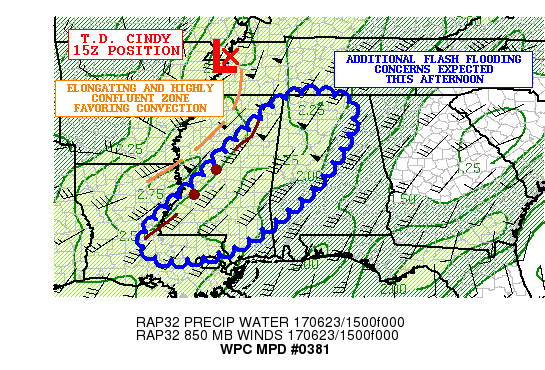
AREAS AFFECTED...SOUTH-CENTRAL LA...MS...WESTERN/NORTHERN AL

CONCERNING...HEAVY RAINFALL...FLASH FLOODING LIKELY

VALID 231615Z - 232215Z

SUMMARY...VERY HEAVY SHOWERS AND THUNDERSTORMS WITH TRAINING CELLS
ARE EXPECTED TO PRODUCE FLASH FLOODING OVER THE NEXT SEVERAL
HOURS...WITH THE FOCUS GRADUALLY SHIFTING EAST WITH TIME.

DISCUSSION...T.D. CINDY CONTINUES TO ADVANCE EAST-NORTHEAST ACROSS
WESTERN TN WITH A CIRCULATION THAT CONTINUES TO ELONGATE WITH
TIME. THE SOUTHWEST FLANK OF THE CIRCULATION EXTENDING DOWN ACROSS
NORTHERN AND WESTERN MS AND INTO NORTHEAST LA CONTINUES TO BE A
SIGNIFICANT FOCUS FOR CONVECTION...AND THE ACTIVITY ESPECIALLY
OVER CENTRAL AND SOUTHWEST MS HAS BEGUN TO ORGANIZE FURTHER INTO A
SW/NE ORIENTED TRAINING BAND OF CONVECTION WITH EXTREMELY HEAVY
RAINFALL RATES.

PWATS OF UP TO 2.5 INCHES ARE IN PLACE AND GIVEN THE RAPIDLY
COOLING CONVECTIVE CLOUD TEMPS...INCLUDING A FEW OVERSHOOTING
TOPS...THE RAINFALL RATES ARE LIKELY TO EXCEED 3 INCHES/HR.

THE LATEST HIRES GUIDANCE STRONGLY SUGGESTS THAT THE HIGHLY
CONFLUENT ZONE/TROUGH AXIS EXTENDING SOUTHWEST OF CINDY WILL BEGIN
TO SHIFT EAST OVER THE NEXT FEW HOURS...AND THIS WILL ALLOW THE
ONGOING CONVECTIVE BANDING TO MAKE MORE PROGRESS OFF TO THE EAST
WITH IMPACTS ADVANCING ACROSS EASTERN MS AND WESTERN/NORTHERN AL.
ONE EXCEPTION MAY BE AREAS OF SOUTHWEST MS AND BACK INTO
SOUTH-CENTRAL LA WHERE THIS CONVERGENCE AXIS IS LIKELY TO REMAIN
IN PLACE UNTIL LATE-AFTERNOON OR EARLY EVENING.

THE EXTREMELY HIGH RAINFALL RATES AND SOME EPISODIC TRAINING OF
THE CONVECTION WILL LIKELY FOSTER ADDITIONAL FLASH FLOODING
CONCERNS...AND ESPECIALLY WITH MANY AREAS ALREADY SEEING VERY WET
ANTECEDENT SOIL CONDITIONS. EXPECT AS MUCH AS 3 TO 6+ INCHES OF
ADDITIONAL RAIN THROUGH LATE AFTERNOON.